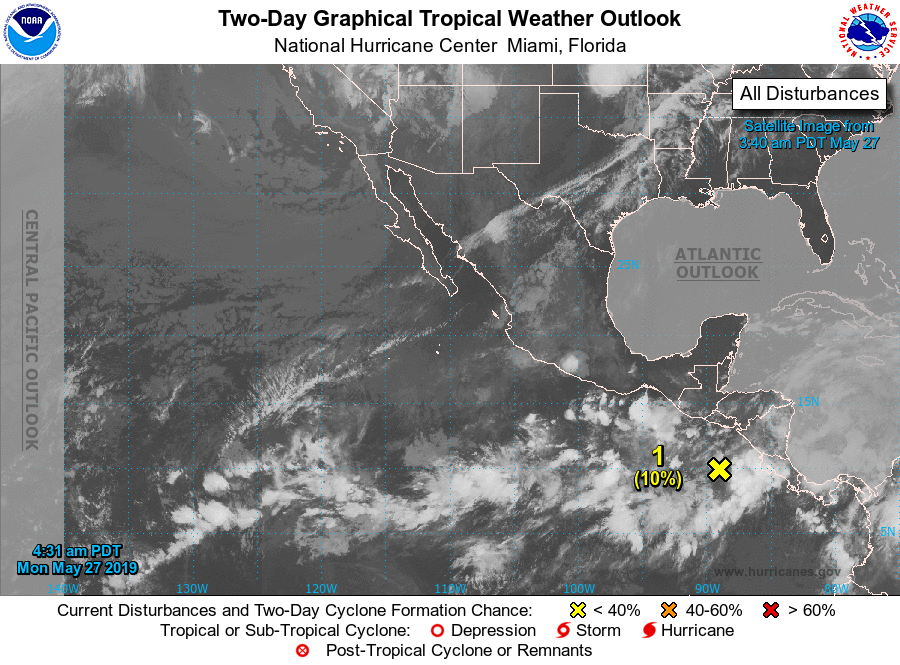
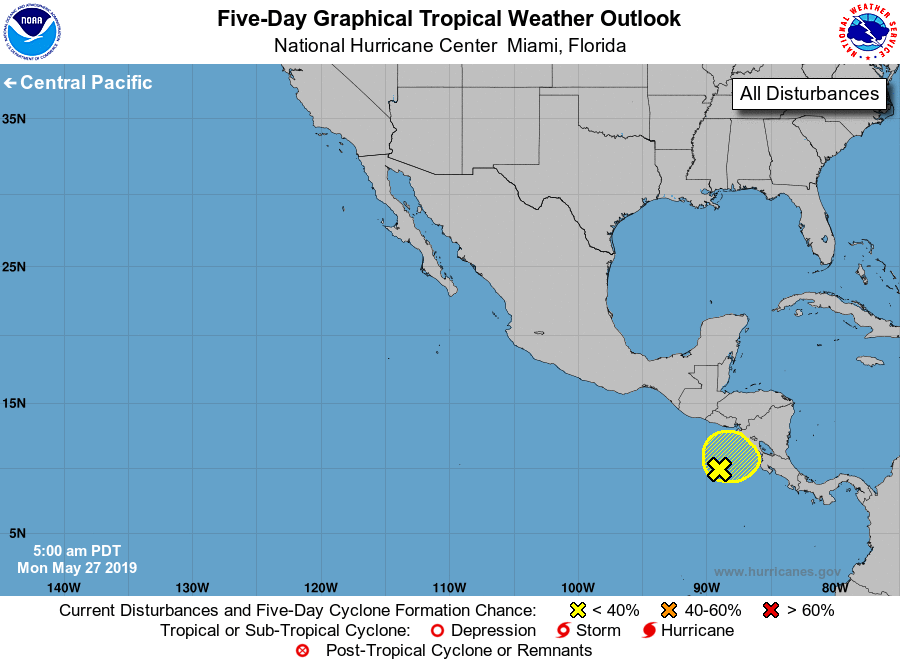
For the eastern North Pacific...east of 140 degrees west longitude:

1. Disorganized showers and thunderstorms over portions of Costa Rica, Nicaragua, and the far eastern Pacific are associated with an elongated area of low pressure. Significant development of this system appears unlikely before it moves inland over Central America by midweek. Regardless of development, locally heavy rains are likely to continue over portions of Central America during the next several days. These rains could cause flash flooding and mudslides in areas of mountainous terrain.
* Formation chance through 48 hours...low...10 percent.
* Formation chance through 5 days...low...10 percent.

Forecaster Cangialosi